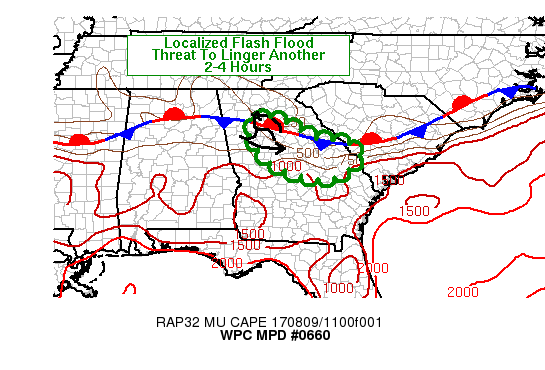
AREAS AFFECTED...N-CNTRL TO ERN GA

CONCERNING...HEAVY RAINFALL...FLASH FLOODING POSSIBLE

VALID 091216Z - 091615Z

SUMMARY...SLOW MOVING CONVECTION WITH TEMPORARY TRAINING
ATTRIBUTES WILL ALLOW A LOCALIZED FLASH FLOOD THREAT TO LINGER
ACROSS PORTIONS OF GA THROUGH 16Z. RAINFALL RATES OF 1-2 IN/HR
WILL BE POSSIBLE.

DISCUSSION...12Z KFFC RADAR DATA SHOWED A NEARLY STATIONARY LOW
LEVEL...SMALL SCALE CIRCULATION AND LOCALLY HEAVY RAINFALL PRESENT
OVER THE NRN ATLANTA METRO REGION...LOCATED ALONG AN 850 MB
BOUNDARY WHICH EXTENDED WEST TO EAST ACROSS GA AT 12Z. LOCAL
WUNDERGROUND.COM OBSERVATIONS HAVE GENERALLY SHOWN THE HIGHEST
RAINFALL RATES TO BE IN THE 1-2 IN/HR ACROSS NRN FULTON...DEKALB
AND SRN GWINNETT COUNTIES WHERE RAINFALL HAS NOT MOVED OVER THE
PAST 3 HOURS. A BIG LIMITING FACTOR IN HEAVIER RAINFALL RATES HAS
BEEN LOW-END INSTABILITY ACROSS THE REGION WITH RAP/HRRR AND THE
SPC MESOANALYSIS PAGE SHOWING ABOUT 500 J/KG OF NEAR SURFACE-BASED
INSTABILITY OVER ATLANTA. FARTHER TO THE SOUTHEAST WHERE
INSTABILITY IS ESTIMATED TO BE CLOSER TO 1000 J/KG...NEARLY
UNIDIRECTIONAL FLOW FROM THE WEST AT ABOUT 15 KT HAS ALLOWED FOR
RADAR ESTIMATED RAIN RATES NEAR 2 IN/HR OVER HANCOCK AND BALDWIN
COUNTIES.

THE LOW LEVEL CIRCULATION OVER THE ATLANTA METRO REGION IS
REPRESENTED REASONABLY WELL IN THE HRRR MODEL OUTPUT AND IS
FORECAST TO DROP SOUTHEAST AND SHEAR OUT OVER THE NEXT 2-4 HOURS.
LOCALLY STRONGER WLY FLOW TO THE SOUTH OF THIS CIRCULATION MAY
ALLOW ADDITIONAL LOCALIZED TRAINING ELEMENTS TO LINGER OVER
PORTIONS OF N-CNTRL TO ERN GA THROUGH 16Z. THE ADDITION OF SOLAR
HEATING AND BOUNDARY LAYER MIXING SHOULD CONTINUE TO WEAKEN
ONGOING ACTIVITY SPECIFICALLY OVER THE ATLANTA METRO REGION WITH
ANY LINGERING THREAT OF FLASH FLOODING LIKELY DIMINISHED IN THE
SHORT TERM. FARTHER TO THE SOUTHEAST HOWEVER...THE FLASH FLOOD
THREAT LOOKS TO LINGER ANOTHER FEW HOURS.